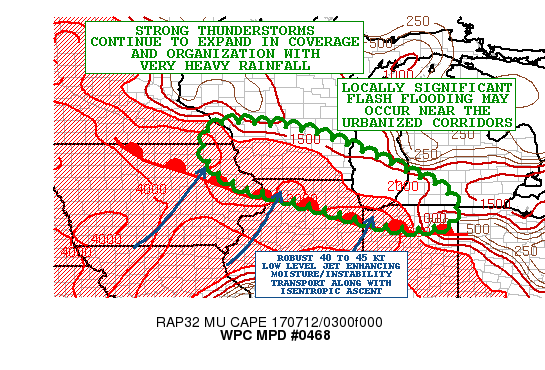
AREAS AFFECTED...FAR NORTHEAST IA...EXTREME SOUTHEAST
MN...SOUTHERN WI...NORTHERN IL...SOUTHWEST LOWER MI...NORTHERN IN

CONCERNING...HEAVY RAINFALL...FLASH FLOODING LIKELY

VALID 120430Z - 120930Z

SUMMARY...AN AXIS OF HEAVY SHOWERS AND THUNDERSTORMS WILL TEND TO
EXPAND IN COVERAGE AND ORGANIZATION OVER THE NEXT SEVERAL HOURS.
SLOW-CELL MOTION AND AND BACKBUILDING OF CELLS WILL PROMOTE A
LOCALLY SIGNIFICANT RISK OF FLASH FLOODING.

DISCUSSION...EXPERIMENTAL GOES-16 10.3 MICRON/IR SATELLITE IMAGERY
CONTINUES TO SHOW AN EXPANDING AXIS OF VERY COLD CONVECTIVE TOPS
FROM FAR NORTHEAST IA/EXTREME SOUTHEAST MN AND DOWN ACROSS
SOUTHWEST WI AND NORTHERN IL.

ALL OF THIS IS BEING FACILITATED BY A STRENGTHENING WARM ADVECTION
PATTERN OVER THE REGION WITH ENHANCED ISENTROPIC ASCENT ALONG AND
JUST NORTH OF A WELL-DEFINED WARM FRONT. MEANWHILE...A STRONGLY
UNSTABLE AND VERY MOIST AIRMASS CONTINUES TO POOL ALONG THE
BOUNDARY AND ALSO IN AN ELEVATED FASHION AND THUS PROVIDING STRONG
THERMODYNAMIC SUPPORT. MORE DYNAMICALLY...THERE IS ALSO SOME
EVIDENCE OF A MODEST UPPER LEVEL JET STREAK CROSSING SOUTHERN WI
AND LAKE MI AT THIS TIME WHICH IS YIELDING SOME LARGER SCALE
ASCENT.

THE HIRES MODELS ARE NOT DOING WELL AT ALL WITH THE CURRENT LEVEL
OF CONVECTIVE ORGANIZATION OR GENERAL PLACEMENT...BUT BASED ON THE
LATEST RADAR/SATELLITE TRENDS...AND PLACEMENT OF WHERE A STRONG
INSTABILITY GRADIENT IS CURRENTLY ALIGNED...IT IS EXPECTED THAT
AREAS OF VERY SIGNIFICANT RAINFALL WILL IMPACT AREAS OF FAR
NORTHEAST IA/SOUTHWEST WI AND NORTHERN IL...INCLUDING AREAS IN AND
AROUND THE CHICAGO METROPOLITAN AREA.

GIVEN PWATS OF 1.8 TO 2.0 INCHES...AND NUMEROUS OVERSHOOTING TOPS
SHOWING UP ON THE EXPERIMENTAL GOES-16 IR DATA...EXPECT RAINFALL
RATES TO REACH BETWEEN 2 AND 3 INCHES/HR. THE LOW LEVEL JET IS
FORECAST TO INCREASE TO BETWEEN 40 AND 45 KTS OUT AHEAD OF AN
UPSTREAM SHORTWAVE AND LOW PRESSURE WAVE APPROACHING THE UPPER
MIDWEST...AND SO A GREAT SET-UP WILL EXIST FOR BACKBUILDING AND
TRAINING CONVECTION. GOING THROUGH 09Z...EXPECT STORM TOTALS OF 3
TO 6 INCHES TO BE POSSIBLE LOCALLY ALONG WITH ISOLATED HEAVIER
AMOUNTS. FLASH FLOODING WILL BE LIKELY WITH THESE TOTALS AND
ESPECIALLY AROUND THE URBANIZED CORRIDORS.

IN TIME...THE HEAVY RAINFALL THREAT WILL TEND TO SHIFT EAST AND
WILL ALSO ENCOMPASS ADJACENT AREAS OF SOUTHERN WI AND GETTING DOWN
ACROSS SOUTHWEST LOWER MI AND NORTHERN IN AS ISENTROPIC ASCENT
INCREASES HERE AND THE FLASH FLOOD THREAT WILL INCREASE FOR THESE
AREAS AS WELL. WILL CONTINUE TO MONITOR.